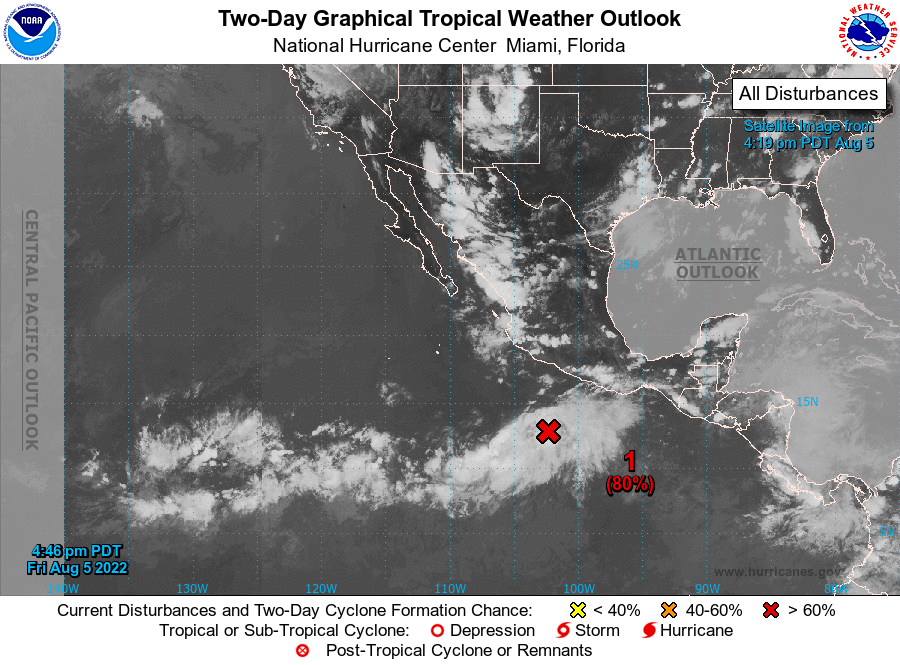
For the eastern North Pacific...east of 140 degrees west longitude:

1. Offshore of Southwestern Mexico: Satellite imagery indicates that shower activity associated with a broad low pressure area located offshore of the coasts of southern and southwestern Mexico is getting better organized. If current trends continue, a tropical depression is likely to form in the next day or two. The system is forecast to move generally west-northwestward at about 15 mph through early next week, remaining well offshore of the coast of southwestern Mexico.
* Formation chance through 48 hours...high...80 percent.
* Formation chance through 5 days...high...90 percent.

2. Well Southeast of the Main Hawaiian Islands: An area of low pressure could form over the far western portion of the eastern Pacific basin this weekend. Environmental conditions should allow for some gradual development of this system, and a tropical depression could form during the early or middle part of next week while it moves quickly westward over the central Pacific basin.
* Formation chance through 48 hours...low...near 0 percent.
* Formation chance through 5 days...medium...50 percent.

Forecaster Beven